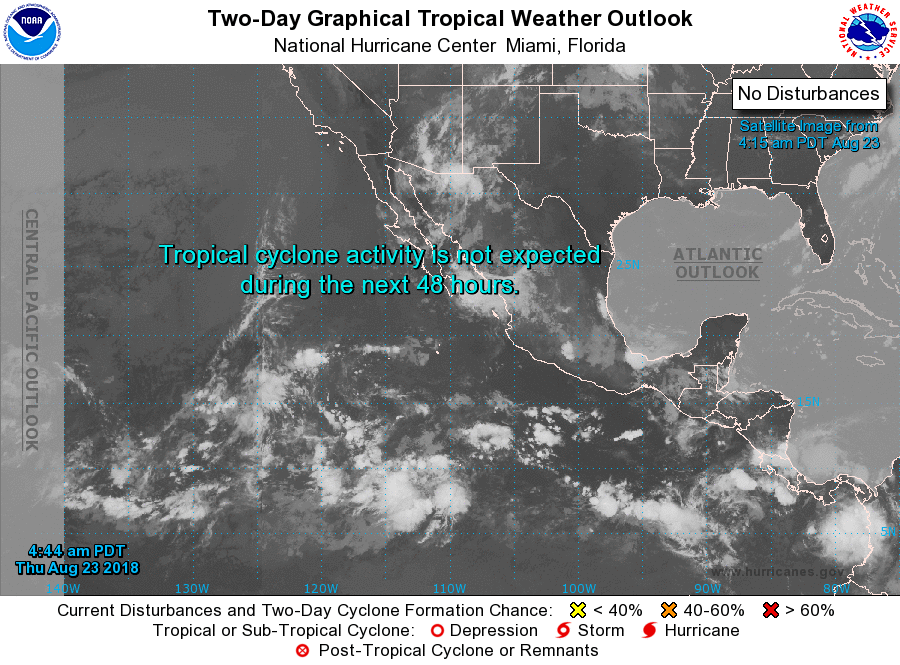
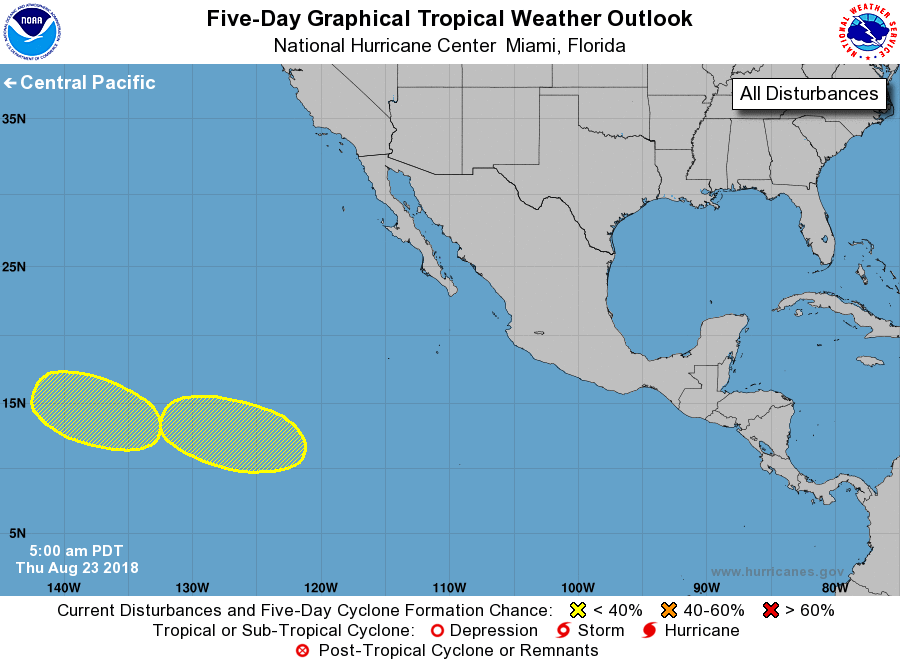
For the eastern North Pacific...east of 140 degrees west longitude:

1. An area of low pressure could form this weekend several hundred miles southwest of the southern tip of Baja California Sur. Gradual development of this system is possible thereafter while the disturbance moves westward at about 10 mph.
* Formation chance through 48 hours...low...near 0 percent.
* Formation chance through 5 days...low...20 percent.

2. A second area of low pressure could form in a few days well to the east-southeast of the Hawaiian Islands. Some slow development of this system is possible early next week while it moves westward or west-northwestward at about 10 mph.
* Formation chance through 48 hours...low...near 0 percent.
* Formation chance through 5 days...low...20 percent.

Forecaster Cangialosi